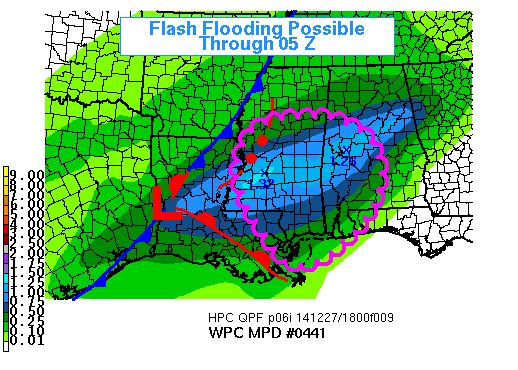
AREAS AFFECTED...MS...ERN LA...WRN AL

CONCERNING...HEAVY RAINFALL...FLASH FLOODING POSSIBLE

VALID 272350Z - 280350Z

SUMMARY...THUNDERSTORMS WILL TRAIN ACROSS SOME AREAS. A VERY MOIST
ATMOSPHERE FOR DECEMBER COULD LOCALLY YIELD 1.5 INCHES IN AN HOUR
AND MORE THAN 2 INCHES OVER THREE HOURS. FLASH FLOODING IS
POSSIBLE.

DISCUSSION...THUNDERSTORM COVERAGE HAD INCREASED DIURNALLY...BUT
ALSO WITH THE STRENGTHENING OF MID AND UPPER LEVEL SUPPORT FOR
LIFT. THE LEADING EDGE OF GREATEST MOISTURE TRANSPORT WILL PUSH
EAST THROUGH ALABAMA THIS EVENING...BUT THE THREAT OF HEAVY AND
REPEATED RAINS IS INITIALLY GREATEST BACK TO THE WEST IN
LA/MS...WHERE INSTABILITY IS SOMEWHAT GREATER NEAR A SLOWLY
LIFTING WARM FRONT. THE EVENT AS A WHOLE IS ONLY LOOSELY
FOCUSED...BUT A LARGER SCALE COLD POOL WAS ENTERING CENTRAL MS AT
2330Z. CONVECTION HERE AND CONVECTION OCCURRING OR FORECAST TO
OCCUR IN BANDS FARTHER SOUTH ACROSS LA/MS MAY BECOME ALIGNED TO
ALLOW TRAINING OF CELLS WITHIN DEEP UNIDIRECTIONAL FLOW ABOVE THE
EFFECTIVE INFLOW LAYER.

THE RAP AND HRRR FORECAST A SEMI-FAVORABLE ENVIRONMENT FOR DEEP
CONVECTION TO PERSIST INTO THE NIGHT...ALTHOUGH THE POOL OF
500-750 J/KG MUCAPE WILL ONLY INCH ITS WAY EAST ALONG THE GULF
COAST...STRUGGLING TO COME NORTHWARD. SEVERAL HIGH RESOLUTION
MODELS ALIGN WELL WITH THE HRRR CAPE FORECAST...RAP 925-850 MB
MOISTURE CONVERGENCE FORECAST...AND THE WPC QPF FORECAST...PLACING
THE AXIS OF GREATEST RAINS FROM SOUTH OF JACKSON MS TO WEST OF
MONTGOMERY AL. RECENT RUNS OF THE HRRR...AS WELL AS THE NSSL WRF
AND CANADIAN GEM REGIONAL MODEL SUGGEST SWATHS OF 2 OR EVEN 3
INCHES OF RAIN LOCALLY THROUGH 05 TO 06Z. THIS MAY BE SUFFICIENT
TO PRODUCE FLASH FLOODING IN MORE SUSCEPTIBLE LOCATIONS.